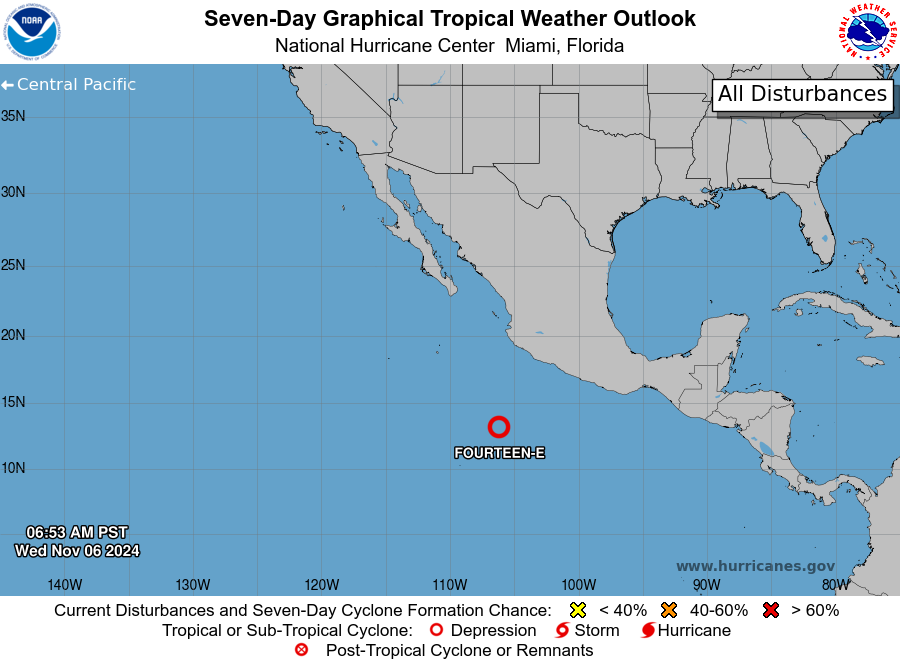
For the eastern North Pacific...east of 140 degrees west longitude:

1. Southwest of Southwestern Mexico (EP93): Showers and thunderstorms continue in association with an area of low pressure located several hundred miles southwest of the coast of southwestern Mexico. Environmental conditions appear marginally conducive for development during the next day or so, and a tropical depression could form while the system moves generally east-northeastward at 5 to 10 mph. By the latter part of the week, environmental conditions are forecast to become unfavorable for any further development.
* Formation chance through 48 hours...medium...60 percent.
* Formation chance through 7 days...medium...60 percent.

Forecaster Bucci